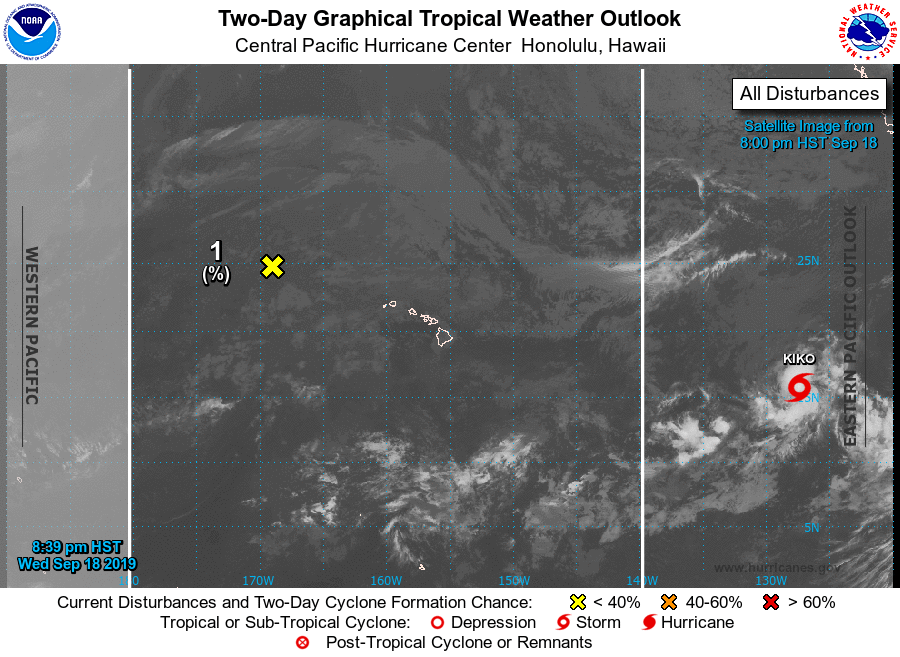
For the central North Pacific...between 140W and 180W:

1. A disorganized area of showers and thunderstorms is associated with an elongated area of low pressure around 625 miles west of Kauai. This system will move north-northeast into more unfavorable environmental conditions later tonight as it interacts with with an upper low. Locally gusty winds and heavy rain are expected for portions of the Papahanaumokuakea Marine National Monument over the next day or so.
* Formation chance through 48 hours...low...near 0 percent.
* Formation chance through 5 days...low...near percent.

Elsewhere, no tropical cyclones are expected during the next 5 days.

Forecaster Foster